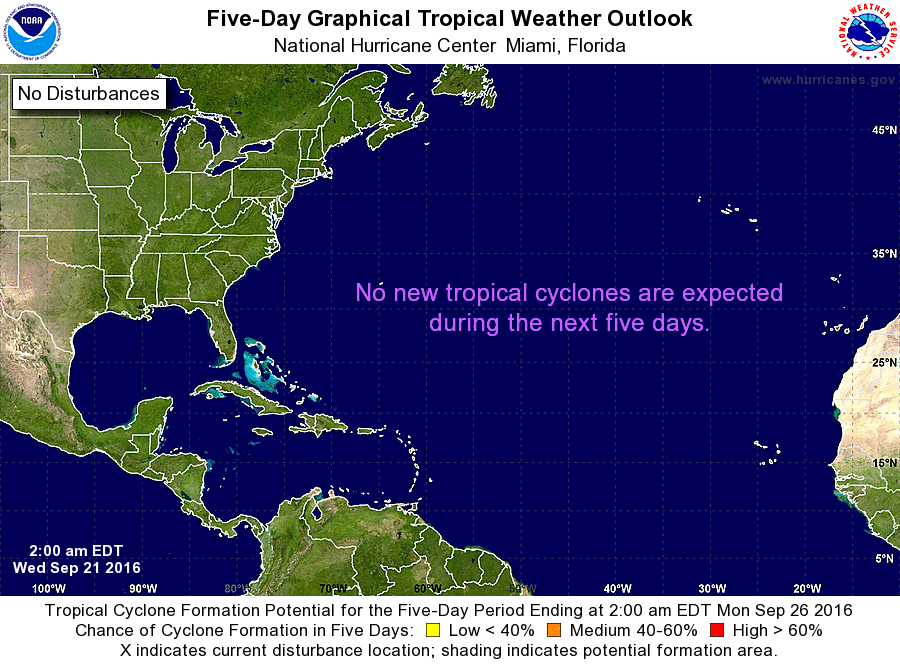
For the North Atlantic...Caribbean Sea and the Gulf of Mexico:

The National Hurricane Center is issuing advisories on Tropical Storm Karl, located a few hundred miles east-northeast of the Leeward Islands, and on Tropical Storm Lisa, located over the eastern tropical Atlantic.

Tropical cyclone formation is not expected during the next 5 days.

Forecaster Avila